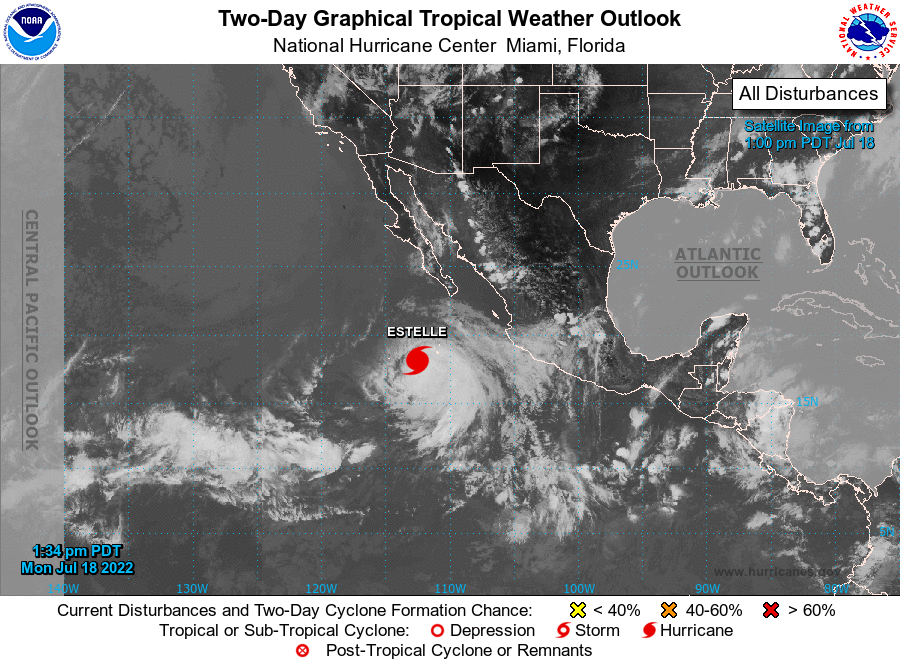
For the eastern North Pacific...east of 140 degrees west longitude:

Active Systems: The National Hurricane Center is issuing advisories on Hurricane Estelle, located several hundred miles south of the southern tip of Baja California.

1. Offshore of Central America and Southern Mexico: A broad area of low pressure is expected to form a few hundred miles off the coast of Central America and southern Mexico late this week. Some slow development is possible after that time while the system moves west-northwestward.
* Formation chance through 48 hours...low...near 0 percent.
* Formation chance through 5 days...low...20 percent.

Forecaster Pasch/Bucci